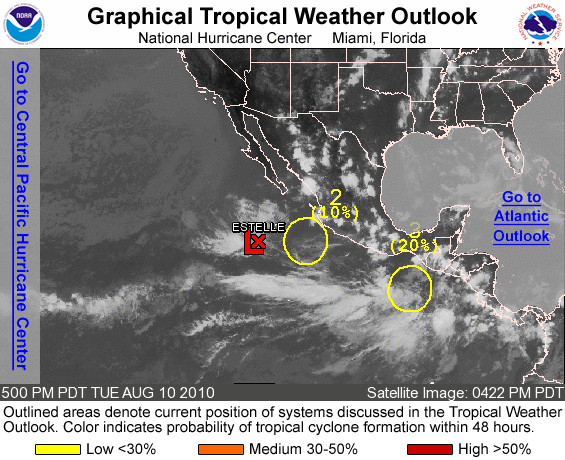
FOR THE EASTERN NORTH PACIFIC...EAST OF 140 DEGREES WEST LONGITUDE..

1. THE REMNANT LOW OF ESTELLE IS LOCATED ABOUT 450 MILES SOUTH-SOUTHWEST OF THE SOUTHERN TIP OF BAJA CALIFORNIA. REDEVELOPMENT OF THIS LOW IS NOT EXPECTED DUE TO STRONG UPPER-LEVEL WINDS. THERE IS A LOW CHANCE...NEAR 0 PERCENT...OF THIS SYSTEM BECOMING A TROPICAL CYCLONE DURING THE NEXT 48 HOURS.

2. SHOWERS AND THUNDERSTORMS ACTIVITY ASSOCIATED WITH AN AREA OF LOW PRESSURE LOCATED ABOUT 300 MILES WEST-SOUTHWEST OF MANZANILLO MEXICO HAS DECREASED. DEVELOPMENT OF THIS SYSTEM IS NOT LIKELY DUE TO UNFAVORABLE UPPER-LEVEL WINDS. THERE IS A LOW CHANCE...10 PERCENT...OF THIS SYSTEM BECOMING A TROPICAL CYCLONE DURING THE NEXT 48 HOURS.

3. AN AREA OF DISTURBED WEATHER LOCATED SEVERAL HUNDRED MILES SOUTH OF THE GULF OF TEHUANTEPEC IS MOVING SLOWLY WESTWARD TO WEST- NORTHWESTWARD. SOME SLOW DEVELOPMENT OF THIS DISTURBANCE IS POSSIBLE DURING THE NEXT COUPLE OF DAYS...AND THERE IS A LOW CHANCE...20 PERCENT...OF THIS SYSTEM BECOMING A TROPICAL CYCLONE DURING THE NEXT 48 HOURS.

ELSEWHERE...TROPICAL CYCLONE FORMATION IS NOT EXPECTED DURING THE NEXT 48 HOURS.

FORECASTER KIMBERLAIN